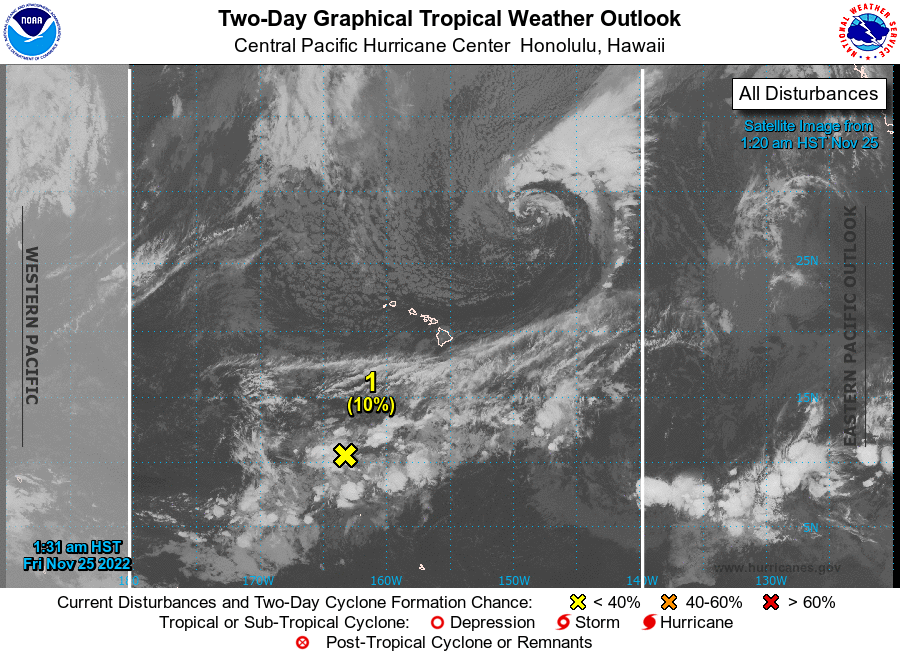
For the central North Pacific...between 140W and 180W:

1. A trough of low pressure south of the Hawaiian Islands is producing disorganized showers and thunderstorms. An area of low pressure is expected to develop along the trough during the next couple of days and some slow development of this system is possible late this weekend into early next week as it moves slowly northwestward.
* Formation chance through 48 hours...low...near 0 percent
* Formation chance through 5 days...low...near 20 percent

Elsewhere, no tropical cyclones are expected during the next 5 days.

The central North Pacific hurricane season officially ends on November 30. The final Tropical Weather Outlook of the season will be issued at 8 PM on November 30. Routine issuance of the Tropical Weather Outlook will resume on June 1, 2023. During the off-season, additional Tropical Weather Outlooks will be issued as conditions warrant.

Forecaster Bohlin